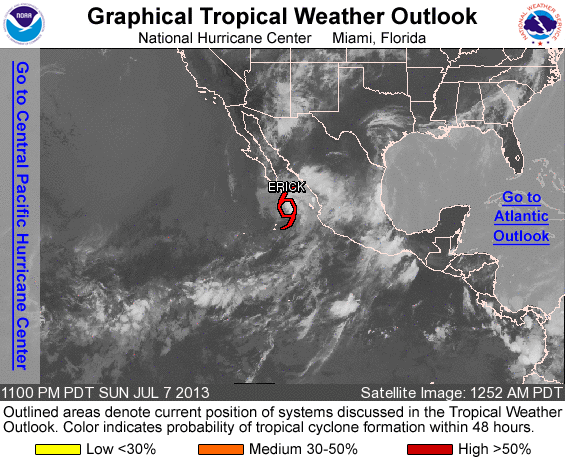
FOR THE EASTERN NORTH PACIFIC...EAST OF 140 DEGREES WEST LONGITUDE..

THE NATIONAL HURRICANE CENTER IS ISSUING ADVISORIES ON TROPICAL STORM ERICK...LOCATED A COUPLE OF HUNDRED MILES SOUTH-SOUTHEAST OF THE SOUTHERN TIP OF THE BAJA CALIFORNIA PENINSULA.

ELSEWHERE...TROPICAL CYCLONE FORMATION IS NOT EXPECTED DURING THE NEXT 48 HOURS.

FORECASTER CANGIALOSI